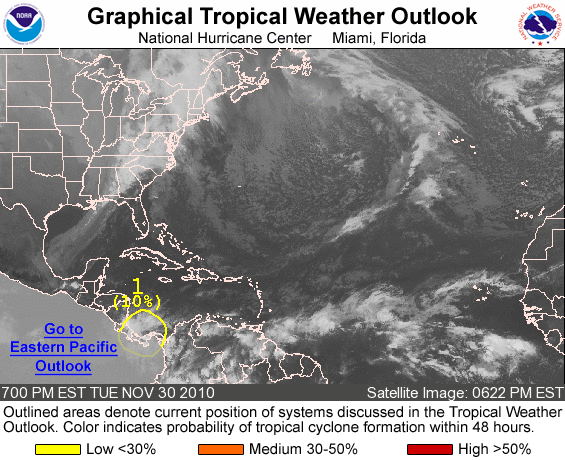
FOR THE NORTH ATLANTIC...CARIBBEAN SEA AND THE GULF OF MEXICO...

1. DISORGANIZED SHOWERS AND THUNDERSTORMS CONTINUE OVER PANAMA...COSTA RICA...AND THE ADJACENT WATERS OF THE SOUTHWESTERN CARIBBEAN IN ASSOCIATION WITH A WEAK AREA OF LOW PRESSURE. DEVELOPMENT...IF ANY...WILL BE SLOW TO OCCUR...AND THERE IS A LOW CHANCE...10 PERCENT...OF THIS SYSTEM BECOMING A TROPICAL CYCLONE DURING THE NEXT 48 HOURS.

ELSEWHERE...TROPICAL CYCLONE FORMATION IS NOT EXPECTED DURING THE NEXT 48 HOURS.

TODAY MARKS THE END OF THE 2010 HURRICANE SEASON. ISSUANCE OF THIS PRODUCT WILL RESUME ON 1 JUNE 2011. SHOULD THE CURRENT DISTURBANCE DEVELOP FURTHER...OR ANY OTHER SIGNIFICANT DISTURBANCES DEVELOP DURING THE OFF-SEASON...SPECIAL TROPICAL WEATHER OUTLOOKS WOULD BE ISSUED AS NEEDED UNDER THE SAME WMO HEADER ABNT20 KNHC...AND AWIPS HEADER MIATWOAT.

FORECASTER BEVEN